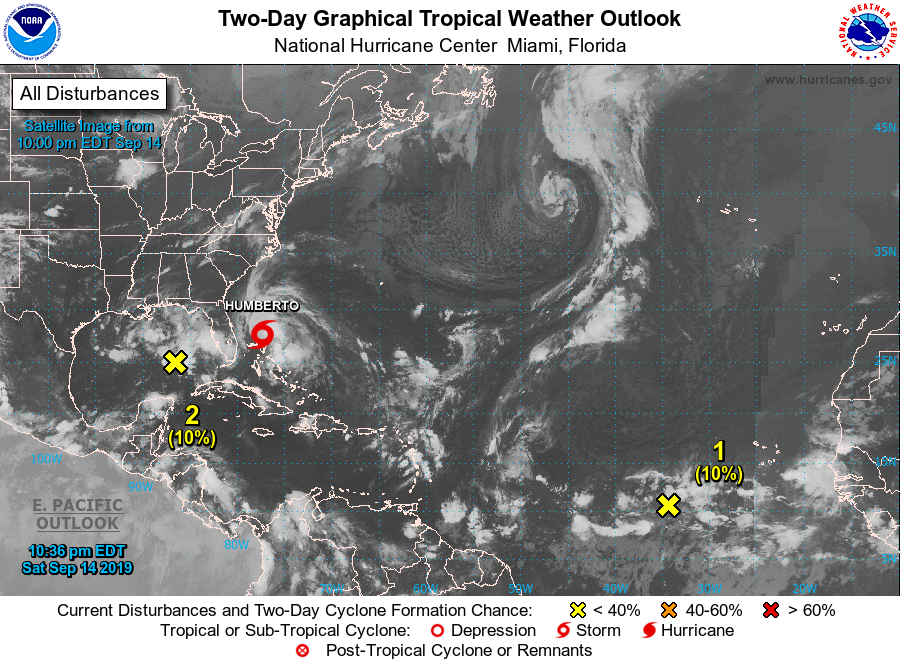
For the North Atlantic...Caribbean Sea and the Gulf of Mexico:

The National Hurricane Center is issuing advisories on Tropical Storm Humberto, centered just northeast of the northwestern Bahamas.

1. An elongated area of disturbed weather is located over the central tropical Atlantic. This disturbance is currently disorganized and only slow development, if any, is anticipated during the next day or two. Conditions are then forecast to be conducive for gradual development through the middle of next week and a tropical depression could form while the system moves slowly westward or west-northwestward.
* Formation chance through 48 hours...low...10 percent.
* Formation chance through 5 days...medium...60 percent.

2. A large area of cloudiness and showers over the eastern and central Gulf of Mexico is associated with an upper-level low and a weak surface trough. Some slow development of this system is possible during the next couple of days while it moves westward over the western Gulf of Mexico. The system is forecast to move inland along the northwestern Gulf coast by late Monday or Tuesday and further development is not expected after that time.
* Formation chance through 48 hours...low...10 percent.
* Formation chance through 5 days...low...20 percent.

Forecaster Zelinsky